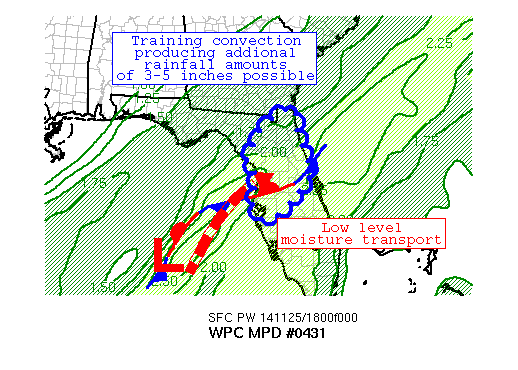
AREAS AFFECTED...NORTH FL

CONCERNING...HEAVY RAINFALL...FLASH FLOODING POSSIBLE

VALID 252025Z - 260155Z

SUMMARY...LINEAR BANDS OF STRONG CONVECTION...WITH THE POTENTIAL
FOR TRAINING...IS EXPECTED TO PERSIST OVER THE NEXT FEW HOURS.

DISCUSSION...LATEST MESOANALYSIS SHOWS INCREASING LOW LEVEL
MOISTURE ADVECTION AHEAD OF A DEVELOPING SURFACE LOW IN THE
EASTERN GULF OF MEXICO.  THIS IS HELPING TO SUPPORT AN AXIS OF
MUCH ABOVE AVERAGE PW VALUES STRETCHING ALONG AND TO THE NORTH OF
A SLOW MOVING NORTHEAST-SOUTHWEST ORIENTED FRONTAL BOUNDARY DRAPED
ACROSS THE FL PENINSULA.  THIS MOISTURE INTERACTING WITH
RIGHT-ENTRANCE REGION UPPER JET DYNAMICS IS EXPECTED TO SUPPORT
MULTIPLE LINEAR BANDS OF CONVECTION...WHICH WILL HAVE THE
POTENTIAL FOR TRAINING THROUGH THE LATE AFTERNOON HOURS.  HI-RES
MODELS...INCLUDING THE LATEST RUNS OF THE OF THE HRRR...INDICATE
LOCALIZED HEAVY AMOUNTS WITHIN THE OUTLOOK AREA INTO THE EARLY
EVENING HOURS.  THESE RAINS IN ADDITION TO THE 1-2 INCHES ALREADY
RECEIVED ACROSS PORTIONS OF THE REGION...MAY RESULT IN LOCAL FLASH
FLOODING CONCERNS.